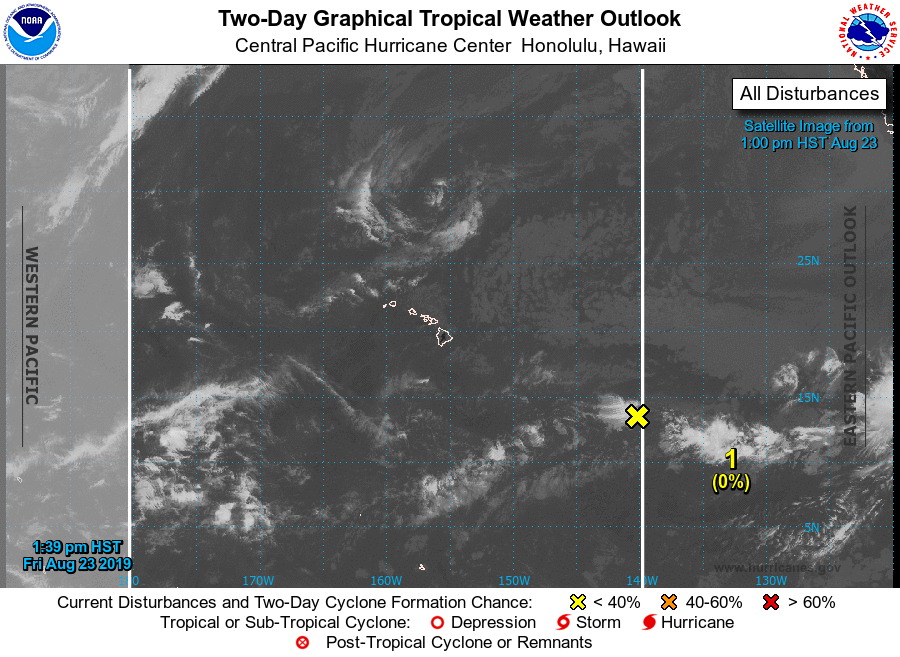
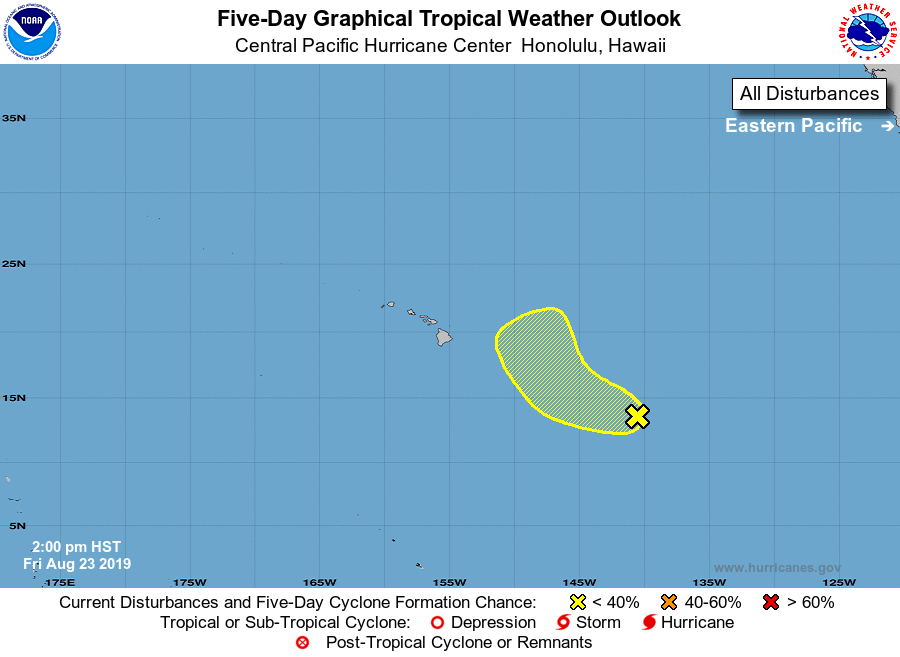
For the central North Pacific...between 140W and 180W:

1. A surface trough located about 1000 miles east-southeast of the Big Island of Hawaii is producing limited shower and thunderstorm activity. Environmental conditions could become a little more conducive for some development in a few days as the system moves northwestward.
* Formation chance through 48 hours...low...near 0 percent.
* Formation chance through 5 days...low...30 percent.

Elsewhere, no tropical cyclones are expected during the next 5 days.

Forecaster EATON